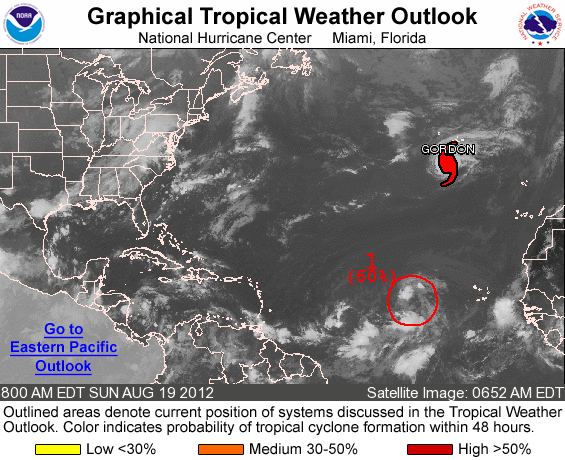
FOR THE NORTH ATLANTIC...CARIBBEAN SEA AND THE GULF OF MEXICO...

THE NATIONAL HURRICANE CENTER IS ISSUING ADVISORIES ON HURRICANE GORDON...LOCATED OVER THE NORTHEASTERN ATLANTIC OCEAN ABOUT 340 MILES WEST-SOUTHWEST OF SAO MIGUEL ISLAND IN THE AZORES.

1. SHOWERS AND THUNDERSTORMS ASSOCIATED WITH A TROPICAL WAVE LOCATED ABOUT 800 MILES WEST OF THE CAPE VERDE ISLANDS HAVE CHANGED LITTLE IN ORGANIZATION OVER THE PAST FEW HOURS. ENVIRONMENTAL CONDITIONS APPEAR CONDUCIVE FOR A TROPICAL DEPRESSION TO FORM DURING THE NEXT DAY OR TWO...AND THIS SYSTEM HAS A HIGH CHANCE...60 PERCENT...OF BECOMING A TROPICAL CYCLONE DURING THE NEXT 48 HOURS AS IT MOVES WESTWARD AT 20 TO 25 MPH.

ELSEWHERE...TROPICAL CYCLONE FORMATION IS NOT EXPECTED DURING THE NEXT 48 HOURS.

FORECASTER BRENNAN